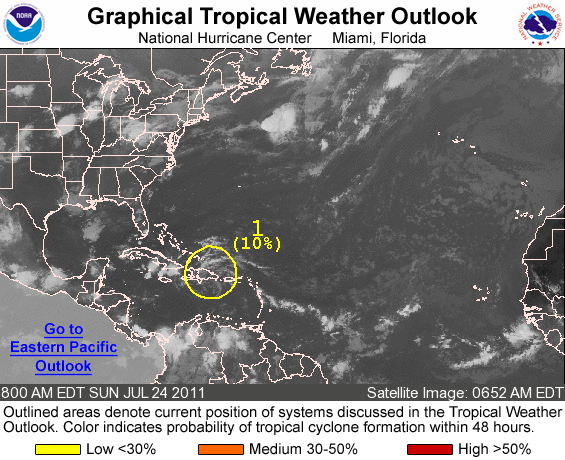
FOR THE NORTH ATLANTIC...CARIBBEAN SEA AND THE GULF OF MEXICO...

1. SHOWERS AND THUNDERSTORMS ASSOCIATED WITH A TROPICAL WAVE OVER THE CENTRAL CARIBBEAN SEA HAVE DIMINISHED THIS MORNING. SIGNIFICANT DEVELOPMENT OF THIS SYSTEM IS NOT EXPECTED AS IT MOVES WESTWARD NEAR 20 MPH AND INTERACTS WITH THE LAND MASSES OF HISPANIOLA AND CUBA OVER THE NEXT DAY OR TWO. THIS SYSTEM HAS A LOW CHANCE...10 PERCENT...OF BECOMING A TROPICAL CYCLONE DURING THE NEXT 48 HOURS. LOCALLY HEAVY RAINFALL AND GUSTY WINDS ARE STILL POSSIBLE OVER PUERTO RICO AND HISPANIOLA THROUGH THE DAY AND COULD SPREAD ACROSS JAMAICA AND EASTERN CUBA LATER TONIGHT AND ON MONDAY.

ELSEWHERE...TROPICAL CYCLONE FORMATION IS NOT EXPECTED DURING THE NEXT 48 HOURS.

FORECASTER PASCH